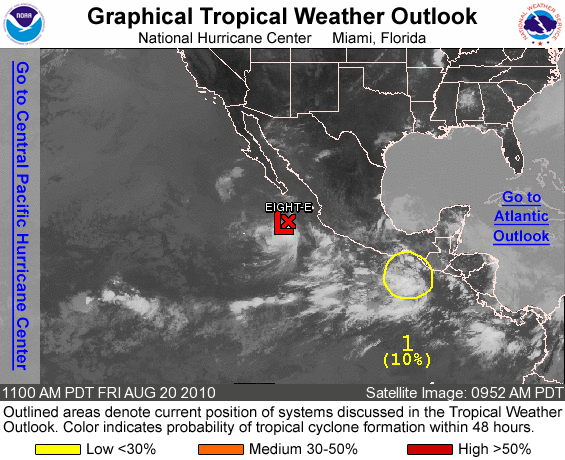
FOR THE EASTERN NORTH PACIFIC...EAST OF 140 DEGREES WEST LONGITUDE..

THE NATIONAL HURRICANE CENTER IS ISSUING ADVISORIES ON NEWLY-FORMED TROPICAL DEPRESSION EIGHT-E...LOCATED ABOUT 235 MILES WEST OF MANZANILLO MEXICO.

1. A BROAD AREA OF LOW PRESSURE LOCATED ABOUT 150 MILES SOUTH OF THE GULF OF TEHUANTEPEC IS PRODUCING DISORGANIZED SHOWERS AND THUNDERSTORMS. ENVIRONMENTAL CONDITIONS APPEAR FAVORABLE FOR SOME GRADUAL DEVELOPMENT OF THIS SYSTEM AS IT MOVES LITTLE OVER THE NEXT COUPLE OF DAYS. THERE IS A LOW CHANCE...10 PERCENT...OF THIS SYSTEM BECOMING A TROPICAL CYCLONE DURING THE NEXT 48 HOURS.

ELSEWHERE...TROPICAL CYCLONE FORMATION IS NOT EXPECTED DURING THE NEXT 48 HOURS.

PUBLIC ADVISORIES ON TROPICAL DEPRESSION EIGHT-E ARE ISSUED UNDER WMO HEADER WTPZ33 KNHC AND UNDER AWIPS HEADER MIATCPEP3. FORECAST/ADVISORIES ARE ISSUED UNDER WMO HEADER WTPZ23 KNHC AND UNDER AWIPS HEADER MIATCMEP3.

FORECASTER BRENNAN